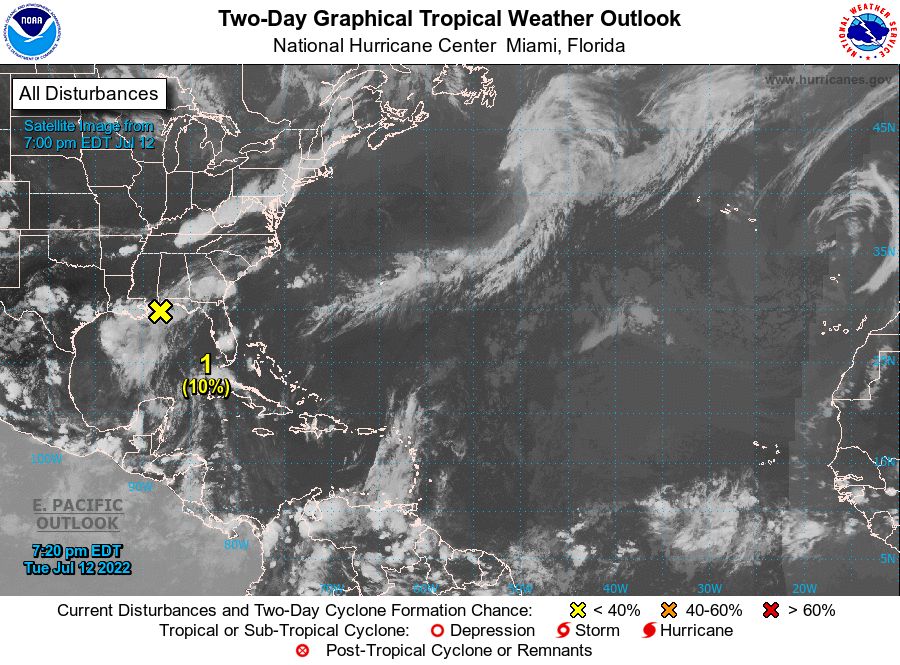
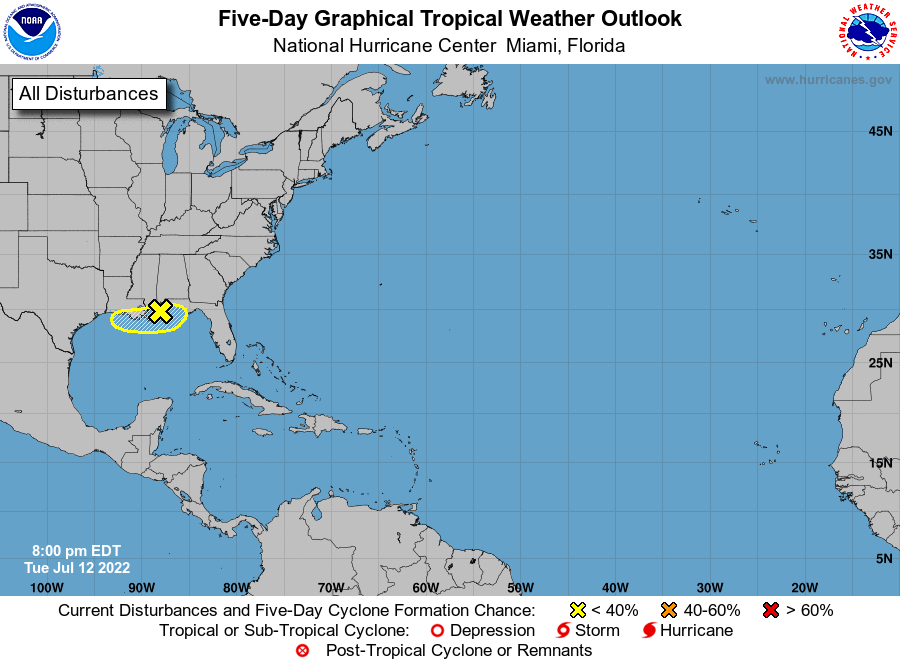
For the North Atlantic...Caribbean Sea and the Gulf of Mexico:

1. Northern Gulf of Mexico: A surface trough extending from the Florida Panhandle west- southwestward along the northern Gulf coast continues to produce disorganized showers and thunderstorms over the northern Gulf of Mexico and adjacent land areas. The surface trough is forecast to drift northward during the next few days and significant development is unlikely due to the system's proximity to land. Regardless of development, heavy rains will pose a risk of flash flooding along portions of the northern Gulf coast from Louisiana to the Florida Panhandle over the next several days. For more information about the potential for heavy rain and flooding, please see products issued by your local National Weather Service office and the Weather Prediction Center.
* Formation chance through 48 hours...low...10 percent.
* Formation chance through 5 days...low...10 percent.

Products from the Weather Prediction Center can be found at wpc.ncep.noaa.gov and local National Weather Service products can be found at weather.gov

Forecaster Brown